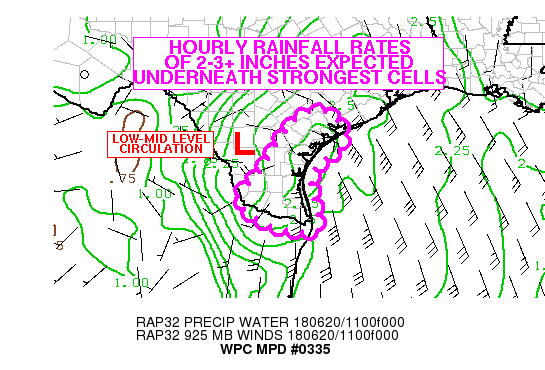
AREAS AFFECTED......SOUTH TEXAS AND THE RIO GRANDE VALLEY INTO THE
LOWER-MIDDLE TEXAS COAST...

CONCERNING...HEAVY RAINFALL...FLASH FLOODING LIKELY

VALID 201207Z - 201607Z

SUMMARY...A PIVOTING BAND OF HEAVY RAINFALL WILL PERSISTENT AND
EXACERBATE THE FLASH FLOOD THREAT THROUGH THIS MORNING,
PARTICULARLY FROM THE RIO GRANDE VALLEY UP THROUGH THE LOWER AND
MIDDLE TEXAS COAST.

DISCUSSION...THE LATEST COMPOSITE RADAR LOOPS ARE INDICATING A
PERSISTENT RAINFALL AXIS ON THE EASTERN FLANK OF A LOW-MID LEVEL
LOW...EXTENDING ACROSS THE RGV UP INTO THE MIDDLE TEXAS COAST. THE
LATEST SPC MESOANALYSIS INDICATES 925-850 MB SSE INFLOW BETWEEN
35-45 KTS JUST OFF THE COAST, ALONG AN INSTABILITY GRADIENT WITH
MUCAPES 1000-2000+ J/KG. THE LOW-MID LEVEL FLOW CONTINUES TO
MAINTAIN A DEEP SUBTROPICAL MOISTURE PROFILE...HIGHLY EFFICIENT
FOR WARM RAIN PROCESSES AND PRECIPITATION EFFICIENCY. PW VALUES
BETWEEN 2.5-2.75+" CONTINUE TO BE OBSERVED IN THE MPD AREA, WHICH
IS ABOUT 3.5 STANDARD DEVIATIONS ABOVE NORMAL FOR MID-LATE JUNE
(NEAR RECORD VALUES).

THE THERMODYNAMIC ENVIRONMENT -- AVAILABLE DEEP-LAYER CAPE
(TALL/SKINNY DISTRIBUTION) ALONG WITH THE OPTIMAL MOISTURE PROFILE
-- WILL CONTINUE TO FAVOR ROBUST SHORT-TERM RAINFALL RATES --
EASILY REACHING IF NOT EXCEEDING 2.5-3.0"/HOUR. THE MODELS DO SHOW
SOME RELAXATION IN THE ELEVATED LOW-LEVEL FLOW AS THE MORNING
PROGRESSES, WHICH CERTAINLY COULD DISRUPT THE EXTENT AND
ESPECIALLY THE INTENSITY OF THE ELONGATED RAINFALL BANDS THAT
PIVOT ACROSS THE MPD AREA.

WHILE CONTINUING TO NOTE SOME AREAL SPREAD WITH THE MAX RAINFALL
THROUGH THE REMAINDER OF THE MORNING, THE HIGH-RES CAM GUIDANCE DO
INDICATE ADDITIONAL RAINFALL TOTALS OF 3-5" WITH LOCALIZED TOTALS
OF 7+ THROUGH 16Z ASSOCIATED WITH THESE RAINFALL BANDS FROM THE
RGV THROUGH THE LOWER AND MIDDLE TEXAS COAST...INCLUDING
BROWNSVILLE AND CORPUS CHRISTI. GIVEN THE ANTECEDENT SOILS WITH
THE RECENT HEAVY RAINFALL, THESE AMOUNTS WOULD LEAD TO ADDITIONAL
AREAS OF FLASH FLOODING, ESPECIALLY IN AND NEAR THE BROWNSVILLE
AND CORPUS CHRISTI AREAS CONSIDERING THE LOW FLASH FLOOD GUIDANCE
VALUES.